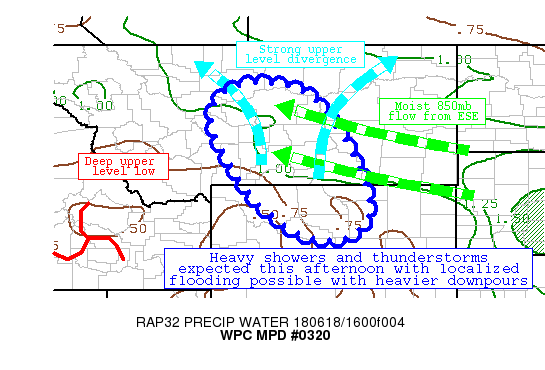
AREAS AFFECTED...NORTH CENTRAL WYOMING AND CENTRAL MONTANA

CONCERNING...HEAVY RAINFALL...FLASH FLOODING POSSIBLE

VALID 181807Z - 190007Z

SUMMARY...SHOWERS AND THUNDERSTORMS WILL CONTINUE TO INCREASE IN
COVERAGE THIS AFTERNOON OVER CENTRAL MONTANA AND NORTH CENTRAL
WYOMING.  PERIODS OF TRAINING CONVECTION COULD LEAD TO INSTANCES
OF FLASH FLOODING WHERE RATES COULD EXCEED AN INCH PER HOUR.

DISCUSSION...A NEARLY STATIONARY CLOSED DEEP LAYERED LOW OVER
SOUTHERN IDAHO IS RESULTING IN ENHANCED MID-UPPER LEVEL DIVERGENCE
OVER THE FRONT RANGE OF THE NORTHERN ROCKIES.  AN AXIS OF LOW
LEVEL MOISTURE IS BEING ADVECTING INTO THE REGION BY 30 KNOTS OF
ESE 850MB FLOW, AND OROGRAPHIC FORCING IS FURTHER AIDING WITH
ASCENT OVER THIS AREA.  INCREASING DESTABILIZATION OVER CENTRAL
WYOMING IS RESULTING IN SURFACE BASED CAPE NEARING 1000 J/KG PER
SPC MESOANALYSIS, AND THIS IS RESULTING IN ADDITIONAL CONVECTION
JUST SOUTH OF THE MPD AREA AND WILL PIVOT NORTHWARD FOR ADDITIONAL
ROUNDS OF HEAVY RAIN.

RECENT HIGH RES GUIDANCE IS INDICATING THE POTENTIAL FOR LOCAL 1
TO 2 INCH RAINFALL AMOUNTS THROUGH THE AFTERNOON, WITH SOME OF
THIS FALLING OVER A SHORT PERIOD OF TIME GIVEN PWS APPROACHING
1.25 INCHES PER LATEST RAP ANALYSIS.  WITH ALREADY REDUCED FLASH
FLOOD GUIDANCE OVER PARTS OF THIS REGION, LOCALIZED INSTANCES OF
FLASH FLOODING ARE POSSIBLE.